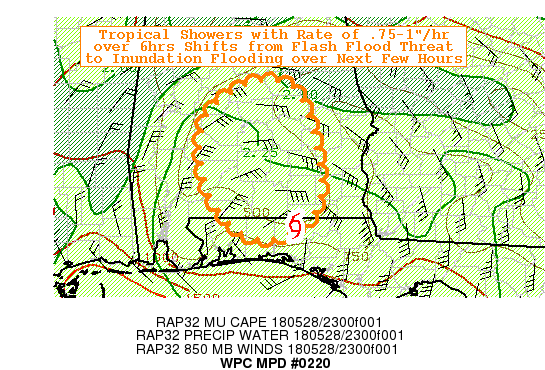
AREAS AFFECTED...SOUTH CENTRAL AL...EXT NORTHWEST FL PANHANDLE

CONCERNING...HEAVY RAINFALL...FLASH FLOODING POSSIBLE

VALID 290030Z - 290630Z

SUMMARY...FLASH FLOODING RISK REDUCING IN FAVOR OF PROLONGED
INUNDATION FLOODING NEAR THE CENTER OF STS ALBERTO AS IT LIFTS
NORTH IN AL.

DISCUSSION...RADAR/GOES-16 AND SURFACE OBS SHOWS SUB-TROPICAL
STORM ALBERTO IS CURRENTLY IN WALTON COUNTY FL LIFTING NORTH WITH
A SOLID SHIELD OF WARMING INNER CORE CONVECTION TO THE
NORTH...WITH OCCASIONAL VERY SMALL OVERSHOOTING TOPS POPPING
THROUGH THE CANOPY.

LACK OF INCREASED HEATING AND LOSS OF WARM MOISTURE SOURCE OF THE
GULF HAS LED TO AVAILABLE INSTABILITY TO BE EXHAUSTED VERY NEAR
THE INNER CORE AND ALONG THE NORTHERN AND WESTERN NEAR INNER BAND.
 THIS HAS LIMITED AND WILL CONTINUE TO LIMIT VERTICAL CONVECTIVE
GROWTH...HOWEVER STRONG MST CONVERGENCE AND ISNETROPIC ASCENT WITH
VWP VALUES SHOWING 40-45 KTS THROUGH BOUNDARY LAYER TO 7H DIRECTED
OVER THE RESIDUAL EFFECTIVE FRONTAL STRUCTURE OVER THE NNE
QUADRANT OF THE CYCLONE WILL REMAIN STRONG AND GIVEN TRACK WILL
ALLOW FOR NEARLY CONSISTENT MODERATE TROPICAL (SMALL AND NUMEROUS
DROPLETS) SHOWERS.  SURFACE TDS TO IN THE LOW 70S AID FOR NEAR
CORE TPWS OVER 2.25" WITH THIS SLOWER BROAD ASCENT WILL STILL BE
CAPABLE OF .75"/HR RATES WITH NEARLY ZERO SUB-CLOUD EVAPORATIVE
LOSS.  OCCASIONAL HOURLY TOTALS AOA 1" ARE POSSIBLE NEAR INCREASED
CONVERGENCE BANDS SUCH AS ONE IN PIKE TO CRENSHAW COUNTY CURRENT.
 ALL IN ALL THIS SUGGESTS 3-4" TOTALS THROUGH THE NEXT 6 HOURS ARE
PROBABLE FROM COVINGTON TOWARD DALLAS/LOWNDES COUNTY. FAIRLY
STRONG HI-RES AGREEMENT TO THIS RANGE AND PLACEMENT PROVIDES SOLID
CONFIDENCE IN THIS EVOLUTION.  BUT IN A TECHNICAL SENSE THIS WOULD
NEAR OR BARELY EXCEED EVEN 6HR FFG HOWEVER SHEAR INUNDATION IS
LIKELY TO LEAD TO FLOODING...SO FOR THIS DISCUSSION FF WILL BE
CONSIDERED POSSIBLE ESPECIALLY IN URBAN SETTINGS NEAR MGM.